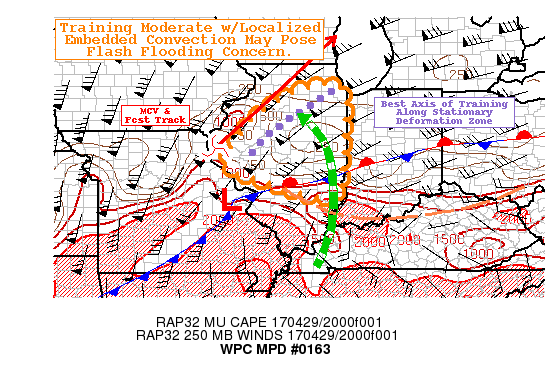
AREAS AFFECTED...ILLINOIS

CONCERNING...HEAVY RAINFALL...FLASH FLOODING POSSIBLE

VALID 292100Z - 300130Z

SUMMARY...MCV AND BROAD MODERATE RAIN SHIELD LIFTING NORTHEAST
WITH EMBEDDED CONVECTIVE ELEMENTS MAY POSE LOCALIZED FLASH
FLOODING CONCERNS.

DISCUSSION...RADAR MOSAIC DENOTES WELL EVOLVED MESOSCALE BETA TO
ALPHA SCALE CONVECTIVELY INDUCED VORTEX LIFTING NORTHEAST OUT OF
MO INTO CENTRAL IL. HAVING SPANNED SCALES WITHIN A FAVORABLE UPPER
LEVEL DIVERGENT ENVIRONMENT (AT THE APEX OF ANTICYCLONIC
CURVING/ACCELERATING 3H JET) SUPPORTS STRENGTHENING AND BACKING
850MB FLOW ACROSS SOUTHERN AND EASTERN IL IN ADVANCE OF THE
SYSTEM.  THIS FLOW IS SUPPORTING ISENTROPIC ADVECTION OF MODEST
INSTABILITY TOWARD DEEPLY SATURATED ENVIRONMENT WITHIN THE
CONVECTIVE SHIELD WITH MUCAPES NOW REACHING 500-1000 J/KG (NEARING
1500 J/KG NEAR MCV CENTER).   AS SUCH THERE IS SOME INCREASE IN
EMBEDDED CONVECTION ALONG THE DEFORMATION ZONE ACROSS WESTERN IL
TO NORTHEAST IL.  THIS DEFORMATION ZONE SHOULD REMAIN FAIRLY
STATIONARY ALLOWING FOR A PROLONGED MODERATE RAINFALL WITH
.5-1.0"/HR RAINFALL BUT GIVEN DURATION...EXPECTED TOTALS OF 2-3"
ARE POSSIBLE TO EXCEED 3HR FFG VALUES  MAINLY FOCUSED ALONG THE
I-55 CORRIDOR FROM STL TO CHICAGO.

FURTHER SOUTH...DEEPER CONVECTION ALONG AND JUST SOUTH OF THE MCV
WILL BE CLOSE ENOUGH TO THE WARM SECTOR TO BE MORE SURFACE BASED
AND EFFECTIVELY MORE EFFICIENT THOUGH SHOULD ALSO BE MORE EASTWARD
PROPAGATING LIMITING THE OVERALL TOTALS.  THOUGH WITH SBCAPES TO
500-1000 J/KG AND TPWS UP TO 1.5"...RATES OF 1.5" ARE
POSSIBLE...INITIALLY THESE RATES WILL TRAVERSE HIGHER FFG BUT WILL
PUSH TOWARD AREAS AFFECTED BY HIGHER RAINFALL YESTERDAY/EARLY THIS
MORNING NORTH OF I-70 AND SOUTH OF I-74 IN E IL.  GIVEN 6HR FFG
BELOW 1.0" IN SOME COUNTIES...IT IS MORE LIKELY THAT FF WOULD
OCCUR HERE TOWARD 00-01Z AS THE LINE MARCHES THROUGH.